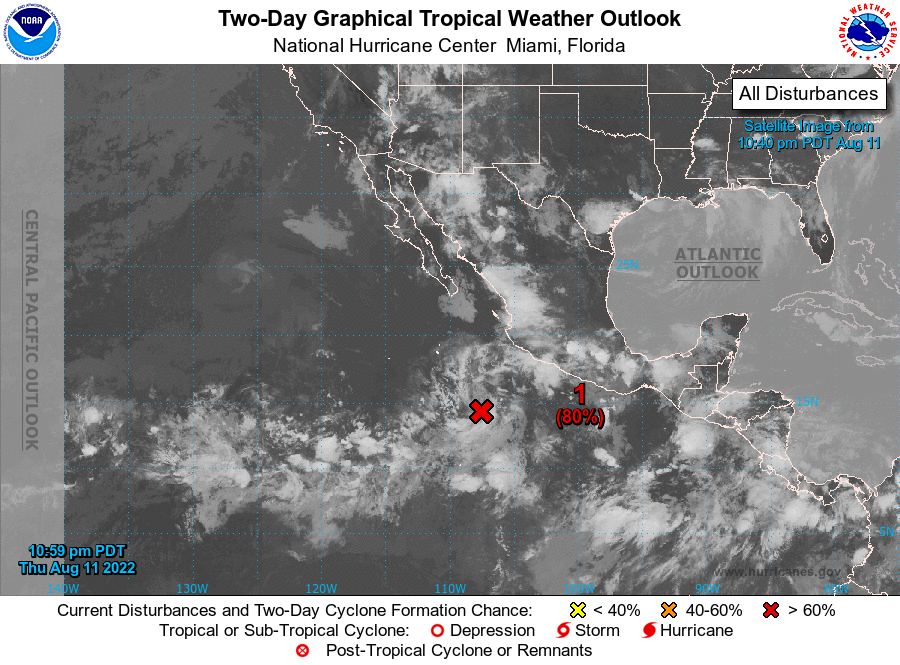
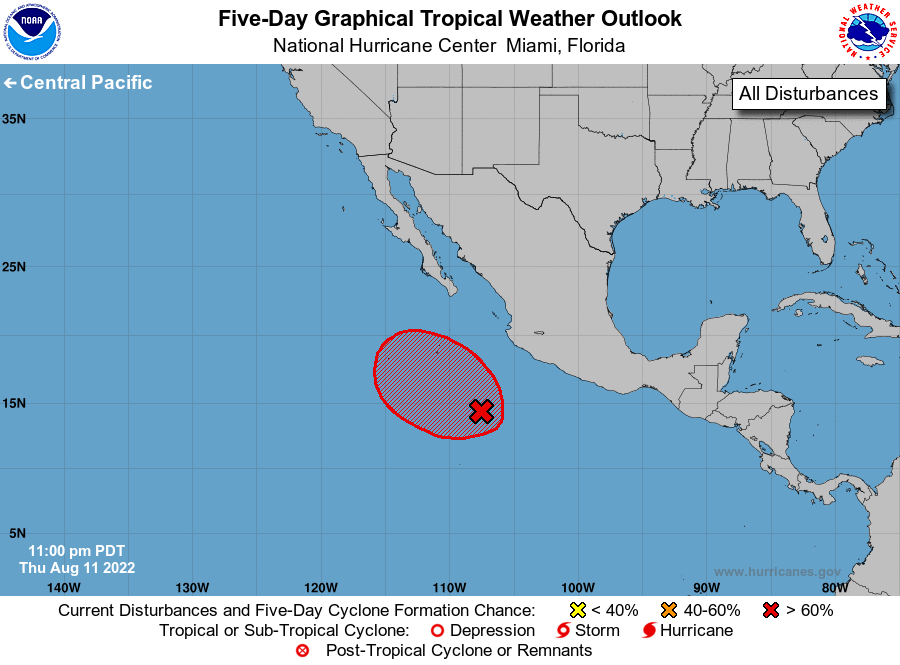
For the eastern North Pacific...east of 140 degrees west longitude:

1. Offshore of Southwestern Mexico: A low pressure system is located about 400 miles southwest of Manzanillo, Mexico. Although shower and thunderstorm activity has decreased since earlier this evening, environmental conditions appear conducive for additional development over the next day or so, and a tropical depression is still likely to form by the end of this week. The low is forecast to move west-northwestward at about 10 mph well offshore the coast of Mexico, and further development appears unlikely by Sunday when the system is expected to encounter less favorable environmental conditions.
* Formation chance through 48 hours...high...80 percent.
* Formation chance through 5 days...high...80 percent.

Forecaster Latto